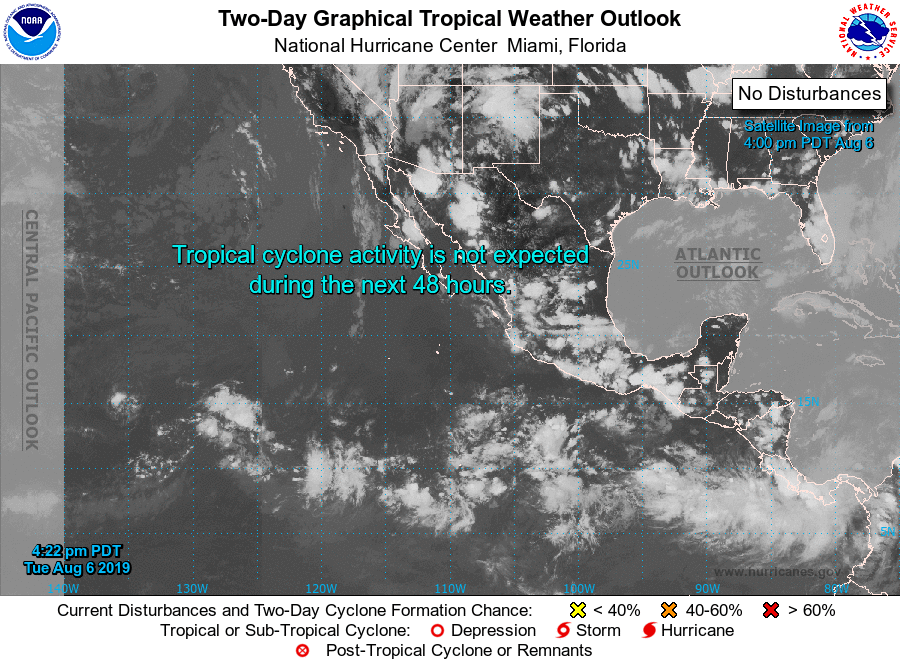
For the eastern North Pacific...east of 140 degrees west longitude:

1. A low pressure area is forecast to form a few hundred miles south of the southern and southwestern coasts of Mexico toward the end of the week. Environmental conditions are expected to be somewhat conducive for the development of this system over the weekend while it moves west-northwestward at 10 to 15 mph and offshore of the coast of Mexico.
* Formation chance through 48 hours...low...near 0 percent.
* Formation chance through 5 days...low...20 percent.

Forecaster Pasch